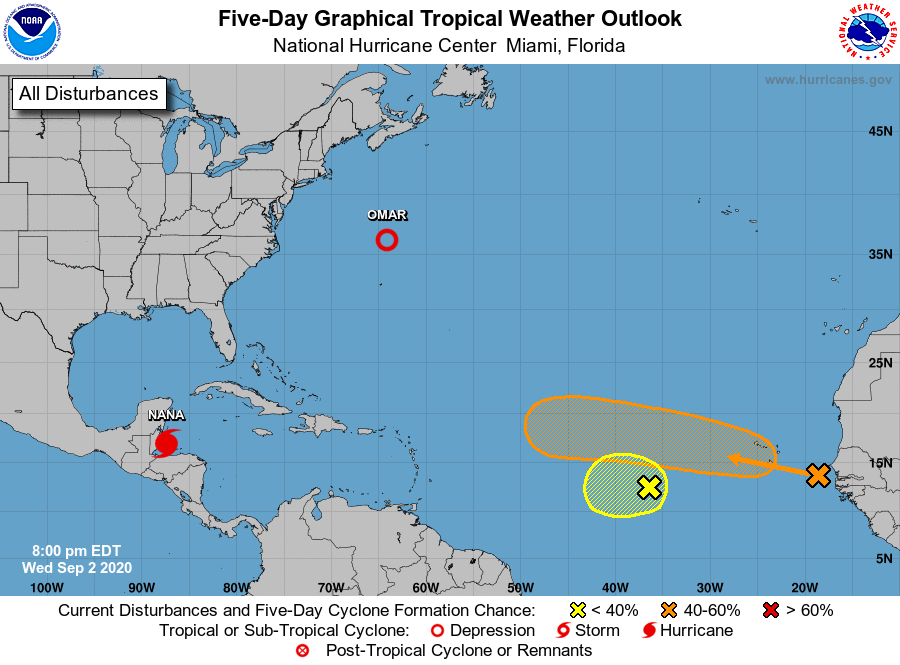
For the North Atlantic...Caribbean Sea and the Gulf of Mexico:

The National Hurricane Center is issuing advisories on Tropical Depression Omar, located a few hundred miles north of Bermuda, and on Tropical Storm Nana, located about 150 miles east of Belize City, Belize.

1. An area of low pressure located about midway between the Windward Islands and west Africa is producing a small area of showers and thunderstorms. Some development of this system is possible this week as it drifts generally westward over the eastern and central tropical Atlantic Ocean.
* Formation chance through 48 hours...low...20 percent.
* Formation chance through 5 days...low...30 percent.

2. A tropical wave, located just off the coast of west Africa, is producing disorganized shower and thunderstorm activity. The wave is expected to merge with a disturbance centered a couple of hundred miles southeast of the Cabo Verde Islands toward the end of the week. Gradual development of this system is then possible, and a tropical depression could form over the weekend or early next week while it moves westward over the eastern and central tropical Atlantic Ocean.
* Formation chance through 48 hours...low...20 percent.
* Formation chance through 5 days...medium...60 percent.

Forecaster Latto